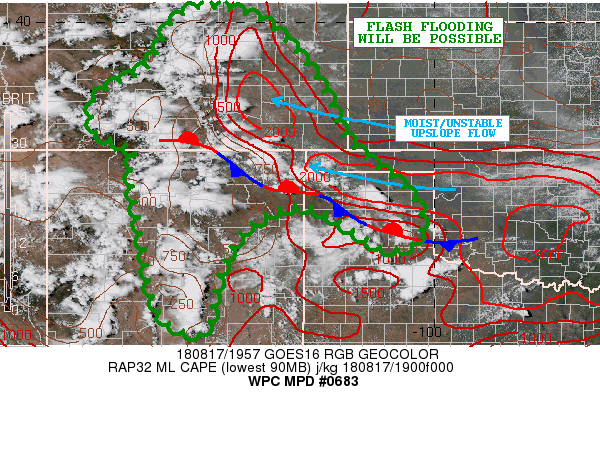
Areas affected...CO...NM...Portions of the OK/TX Panhandles

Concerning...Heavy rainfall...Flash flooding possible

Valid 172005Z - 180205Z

Summary...Heavy showers and thunderstorms focusing over the higher
terrain will gradually begin to develop and evolve over the High
Plains over the next few hours. Some flash flooding will be
possible.

Discussion...Radar and satellite imagery has been showing an
uptick in shower and thunderstorm activity over the higher terrain
of central/southern CO and central NM, with an emphasis on the
Sangre De Cristo range, and also areas farther north near the
Front Range and Palmer Divide. The convection is developing in
response to strong diurnal heating and a relatively moist column
that is fostering plenty of instability. There is plenty of
orographic support over the high elevations with terrain
circulations helping to locally anchor and focus convection.
Meanwhile, just to the east over the CO High Plains, there is a
notable low level upslope flow regime with east-southeast flow
noted north of a frontal zone that is draped across the region.

Over the next few hours, the convection that has been over the
higher terrain will tend to locally regenerate, but expect much
more focus of convection out across areas of northeast NM, central
and southeast CO, and including areas near the Front Range and the
Palmer Divide where much stronger boundary layer instability is
pooled. Thunderstorms here will tend to be slow-moving while also
capable of producing rainfall rates of up to 2 inches/hr given the
very moist low level upslope fetch.

Expect rainfall amounts of as much as 2 to 4 inches locally
through mid-evening as convection advances generally off to the
southeast and attempts to organize into an MCS over the High
Plains. Some flash flooding will be possible given these totals.